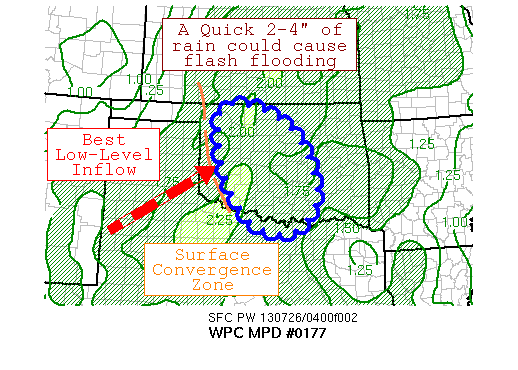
AREAS AFFECTED...CENTRAL OK...NORTH-CENTRAL TX

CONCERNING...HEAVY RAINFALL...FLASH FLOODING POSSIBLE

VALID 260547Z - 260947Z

SUMMARY...BUILDING THUNDERSTORM ACTIVITY ACROSS CENTRAL OK IS
EXPECTED TO PERSIST FOR SEVERAL HOURS, WHICH SHOULD BRING HEAVY
RAINFALL TO AN AREA WITH SOMEWHAT LOWER FLASH FLOOD GUIDANCE
VALUES -- FFGS.  FLASH FLOODING WILL BE POSSIBLE IN THIS REGION.

DISCUSSION...AN UPPER-LEVEL SHORTWAVE MOVING ACROSS CO COMBINED
WITH BROAD DIVERGENCE ALOFT BETWEEN TWO STREAMS OF THE WESTERLIES
IS ALLOWING FOR A GOOD UPPER LEVEL ENVIRONMENT FOR THUNDERSTORM
ACTIVITY.  A LOW-LEVEL BOUNDARY ACROSS WESTERN OK IS ACTING AS A
SURFACE FOCUS, THOUGH CIN IN ITS VICINITY IS LEADING TO THE
CONVECTION'S ELEVATED NATURE FARTHER TO THE EAST ACROSS
WEST-CENTRAL OK.  MUCAPE VALUES IN THE REGION ARE IN THE 500-1000
J/KG RANGE.  INFLOW AT THE 850 HPA LEVEL IS AROUND 30 KNOTS, WHICH
COMBINED WITH PRECIPITABLE WATER VALUES OF AROUND TWO INCHES --
NEAR THE 80TH PERCENTILE FOR LATE JULY -- SHOULD ALLOW FOR SOME
CONTINUED ORGANIZATION TO THE CONVECTIVE ACTIVITY OVER THE NEXT
SEVERAL HOURS. THE DEVELOPING BAND IS ABOUT TO MOVE INTO AN AREA
WITH FFGS ON THE ORDER OF 2.5-3 INCHES IN THREE HOURS.  RADAR
TRENDS ARE SHOWING SOME SIGNS OF BACKBUILDING TO THE THUNDERSTORM
ACTIVITY, ADDING TO THE FLASH FLOOD RISK.   A QUICK 2-4 INCHES OF
RAINFALL COULD CAUSE REGIONAL FLASH FLOODING.